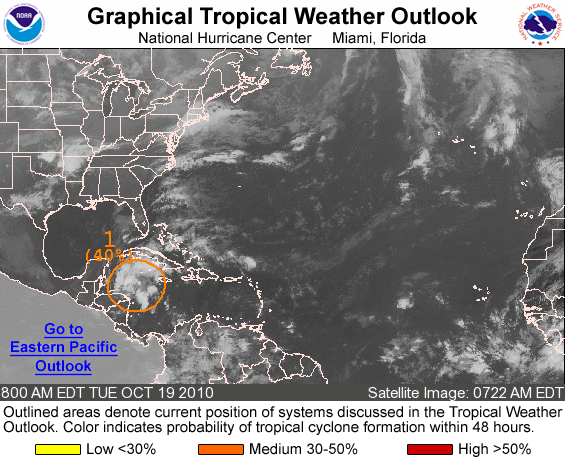
FOR THE NORTH ATLANTIC...CARIBBEAN SEA AND THE GULF OF MEXICO...

1. A LARGE LOW PRESSURE SYSTEM IS LOCATED OVER THE NORTHWESTERN CARIBBEAN SEA ABOUT MIDWAY BETWEEN HONDURAS AND THE CAYMAN ISLANDS. SHOWERS AND THUNDERSTORMS HAVE BECOME A LITTLE BETTER ORGANIZED... AND ENVIRONMENTAL CONDITIONS ARE CONDUCIVE FOR SOME ADDITIONAL DEVELOPMENT OVER THE NEXT COUPLE OF DAYS. THERE IS A MEDIUM CHANCE...40 PERCENT...OF THIS DISTURBANCE BECOMING A TROPICAL CYCLONE DURING THE NEXT 48 HOURS AS IT MOVES TOWARD THE NORTH-NORTHWEST AT 5 TO 10 MPH. AN AIR FORCE RESERVE UNIT RECONNAISSANCE AIRCRAFT IS SCHEDULED TO INVESTIGATE THIS SYSTEM THIS AFTERNOON...IF NECESSARY.

ELSEWHERE...TROPICAL CYCLONE FORMATION IS NOT EXPECTED DURING THE NEXT 48 HOURS.

FORECASTER STEWART/CANGIALOSI